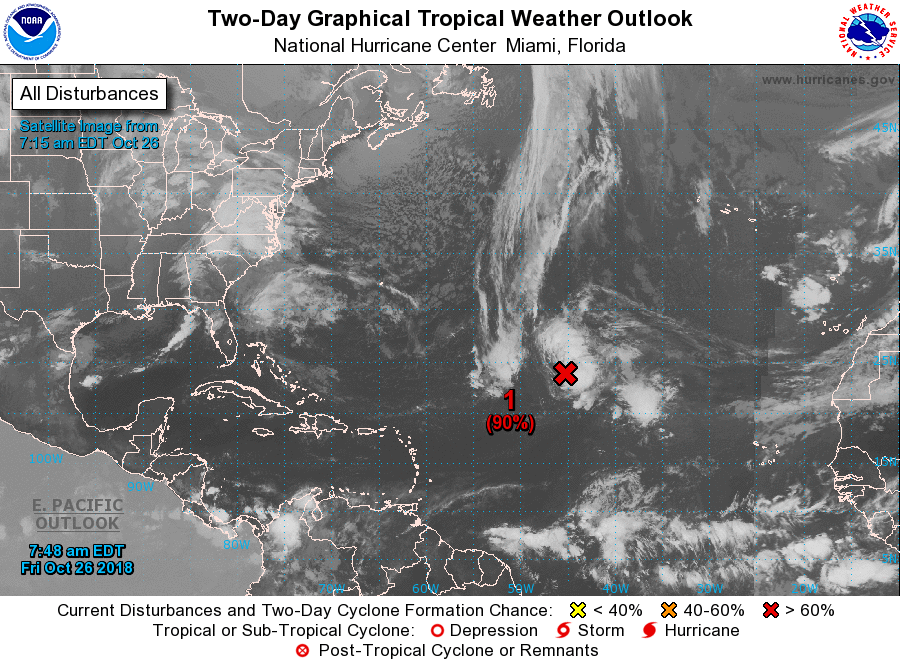
For the North Atlantic...Caribbean Sea and the Gulf of Mexico:

1. A low pressure system located about 1200 miles east-northeast of the northern Leeward Islands has changed little in organization since last night. However, environmental conditions appear conducive for further development and this system will likely become a tropical or subtropical cyclone later today or tonight while it moves generally northward over the central Atlantic. After that time, the low is forecast to turn westward and remain well to the north or northeast of the Lesser Antilles through early next week.
* Formation chance through 48 hours...high...90 percent.
* Formation chance through 5 days...high...90 percent.

Additional information on this system can be found in High Seas Forecasts issued by the National Weather Service, under AWIPS header NFDHSFAT1, WMO header FZNT01 KWBC, and available on the Web at https://ocean.weather.gov/shtml/NFDHSFAT1.shtml

Forecaster Zelinsky